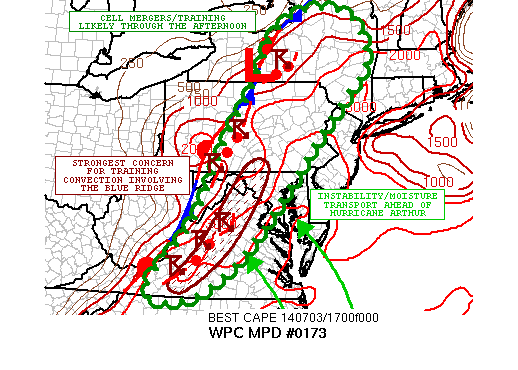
AREAS AFFECTED...ERN WV...VA...MD...PA...NY

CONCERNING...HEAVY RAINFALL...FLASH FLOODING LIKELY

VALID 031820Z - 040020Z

SUMMARY...INCREASING SHOWER AND THUNDERSTORM ACTIVITY IS EXPECTED
THROUGH THE AFTERNOON. MERGING AND LOCALIZED TRAINING OF CELLS
WILL ENHANCE THE THREAT FOR FLASH FLOODING.

DISCUSSION...THE LATEST VIS IMAGERY SHOWS AN INCREASINGLY AGITATED
AND EXPANDING CU/TCU FIELD FROM SOUTHWEST VA NORTHEAST UP ALONG
THE EASTERN FLANK OF THE APPALACHIANS AND NEAR THE BLUE RIDGE
INVOLVING EASTERN WV...VA...MD...PA AND NY. EMBEDDED WITHIN THE
GROWING CU/TCU FIELD ARE ALREADY CLUSTERS OF LOCALLY HEAVY SHOWERS
AND THUNDERSTORMS. ALL OF THIS ACTIVITY IS ALONG AND AHEAD OF A
QUASI-STATIONARY FRONT THAT IS AT LEAST TEMPORARILY HUNG UP OVER
THE APPALACHIANS. THE AIRMASS EAST OF THE FRONT IS BECOMING VERY
UNSTABLE...WITH SBCAPE VALUES OF 3000 TO 4000 J/KG...ESP ALONG AND
WEST OF THE I-95 CORRIDOR IN THE MID-ATLANTIC REGION.

STRONG DIURNAL HEATING THROUGH THE AFTERNOON COUPLED WITH A
TROPICAL AIRMASS ALREADY IN PLACE OVER THE MID-ATLANTIC AND
NORTHEAST...AND AIDED IN PART BY SOUTHERLY AND SOUTHEASTERLY WINDS
IN OFF THE ATLANTIC OCEAN NORTH OF HURRICANE ARTHUR...WILL FOSTER
VERY STRONG THERMODYNAMICS CONDUCIVE FOR WIDESPREAD AND ORGANIZED
HEAVY SHOWERS AND THUNDERSTORMS.

OVER THE NEXT SEVERAL HOURS THE BULK OF THE ACTIVITY SHOULD BE
GENERALLY WEST OF I-95 AND CONCENTRATED ESPECIALLY NEAR AND WEST
OF THE BLUE RIDGE. ALTHOUGH WITH SUCH STRONG INSTABILITY AND
APPROACH OF AN UPPER TROUGH FROM THE WEST...ACTIVITY SHOULD BEGIN
DEVELOPING EAST OF THE APPALACHIANS LATER IN THE AFTERNOON.

THERE IS STRONG CONCERN FOR CELL-MERGERS AND CELL TRAINING ACROSS
THE THREAT AREA...AND ESPECIALLY INVOLVING THE BLUE RIDGE OF
WESTERN VA...EASTERN WV...WESTERN MD...AND SOUTHWEST PA WHERE
ENHANCED LOW LEVEL CONFLUNCE/MOISTURE FLUX AND WEAK STEERING FLOW
AROUND THE NORTHWEST FLANK OF APPROACHING HURRICANE ARTHUR WILL
SUPPORT SLOW-MOVING AND TRAINING CELLS.

GIVEN THIS SET-UP AND PWATS AS PER LATEST GOES-SOUNDER OF 1.75 TO
2 INCHES...RAINFALL RATES WILL BE VERY INTENSE...AND LIKELY ON THE
ORDER OF 2 TO 3 INCHES/HR. THEREFORE...THE THREAT FOR FLASH
FLOODING WILL BE ELEVATED...AND ESP OVER AREAS OF HIGHER TERRAIN.
WILL CONTINUE TO MONITOR.